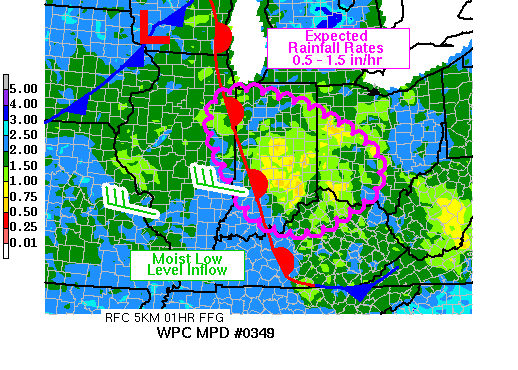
AREAS AFFECTED...PORTIONS OF ERN ILLINOIS EWD ALONG THE OHIO RIVER
VALLEY

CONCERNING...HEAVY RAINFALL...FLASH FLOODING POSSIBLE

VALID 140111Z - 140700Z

SUMMARY...LOW FLASH FLOOD GUIDANCE WILL BE THE MAIN DRIVING FACTOR
IN AN INCREASED FLASH FLOOD THREAT EARLY TONIGHT ACROSS PORTIONS
OF THE OHIO VALLEY. ABUNDANT LOW LEVEL MOISTURE WILL SUPPORT
RAINFALL RATES BETWEEN 0.5 TO 1.5 IN/HR DESPITE EXPECTED FORWARD
PROPAGATION OF CONVECTION.

DISCUSSION...REGIONAL RADAR IMAGERY AS OF 0100Z SHOWED AN
EXPANDING COVERAGE OF THUNDERSTORMS ACROSS NRN ILLINOIS AND
INDIANA...LOCATED AHEAD OF AN EFFECTIVE COLD FRONT DROPPING
THROUGH SERN IOWA. DEWPOINTS IN THE WARM SECTOR ARE IN THE UPPER
70S TO LOW 80S...SUPPORTING EXTREME CAPE VALUES OF 5000 - 7000
J/KG...AS SEEN ON THE 00Z KILX SOUNDING. INSTABILITY FALLS OFF
RAPIDLY TO THE EAST ACROSS A WARM FRONT DRAPED SEWD ACROSS WRN
INDIANA. WHILE LOW LEVEL MOISTURE IS HIGH...THERE IS CERTAINLY
SOME DRY AIR ALOFT NOTED IN KILX AND KILN SOUNDINGS WHICH MAY HELP
TO ALLOW DRY AIR ENTRAINMENT AND POTENTIAL GROWTH INTO A SEWD
PROPAGATING CLUSTER OR TWO PER CORFIDI VECTOR WIND VECTORS.

AS ONGOING CONVECTION CONTINUES TO EXPAND OVER THE NEXT FEW HOURS
OVER ILLINOIS AND INDIANA...CONGLOMERATION INTO FORWARD
PROPAGATING CLUSTERS APPEARS LIKELY...WITH GENERAL MOVEMENT TOWARD
THE SOUTHEAST BETWEEN 20 AND 30 KTS THROUGH 07Z. RAINFALL RATES
ARE EXPECTED TO RANGE BETWEEN 0.5 AND 1.5 IN/HR...PERHAPS AS HIGH
AS 2 IN/HR WHERE LOCAL CELL MERGERS OCCUR. GIVEN ANTECEDENT
CONDITIONS ACROSS THE OHIO VALLEY...1 HR FLASH FLOOD GUIDANCE IS
QUITE LOW AS SHOWN IN THE MPD GRAPHIC. FOR THIS REASON...FLASH
FLOODING IS CONSIDERED POSSIBLE...DESPITE THE EXPECTED FORWARD
PROPAGATION OF CELLS.